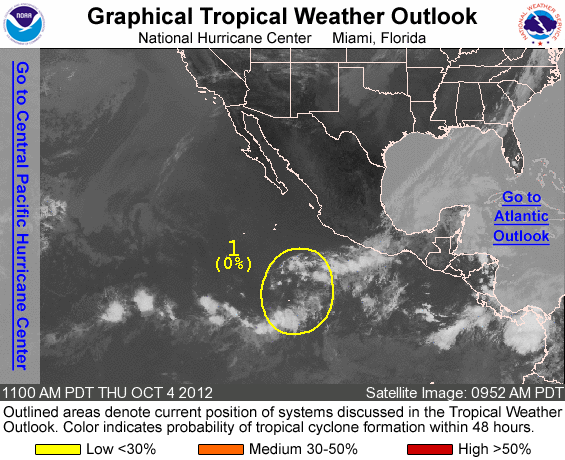
FOR THE EASTERN NORTH PACIFIC...EAST OF 140 DEGREES WEST LONGITUDE..

1. A LOW PRESSURE TROUGH LOCATED ABOUT 600 MILES SOUTHWEST OF MANZANILLO MEXICO CONTINUES TO PRODUCE DISORGANIZED SHOWERS AND THUNDERSTORMS. SIGNIFICANT DEVELOPMENT IS NOT EXPECTED...AND THE TROUGH HAS A LOW CHANCE...NEAR 0 PERCENT...OF BECOMING A TROPICAL CYCLONE DURING THE NEXT 48 HOURS AS IT MOVES WESTWARD AT AROUND 15 MPH.

ELSEWHERE...TROPICAL CYCLONE FORMATION IS NOT EXPECTED DURING THE NEXT 48 HOURS.

FORECASTER BERG